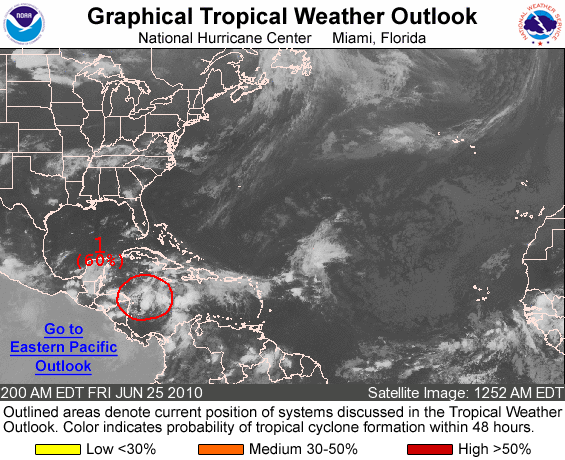
FOR THE NORTH ATLANTIC...CARIBBEAN SEA AND THE GULF OF MEXICO...

1. A BROAD AREA OF LOW PRESSURE IS CENTERED ABOUT 150 MILES EAST-NORTHEAST OF CABO GRACIAS A DIOS ON THE HONDURAS-NICARAGUA BORDER. THIS SYSTEM HAS CHANGED LITTLE IN ORGANIZATION DURING THE PAST SEVERAL HOURS. HOWEVER...UPPER-LEVEL WINDS ARE GRADUALLY BECOMING MORE CONDUCIVE FOR DEVELOPMENT AS THE LOW DRIFTS SLOWLY NORTHWESTWARD...AND THE SYSTEM COULD BECOME A TROPICAL DEPRESSION BEFORE IT REACHES THE YUCATAN PENINSULA IN A COUPLE OF DAYS. THERE IS A HIGH CHANCE...60 PERCENT...OF THIS SYSTEM BECOMING A TROPICAL CYCLONE DURING THE NEXT 48 HOURS.

ELSEWHERE...TROPICAL CYCLONE FORMATION IS NOT EXPECTED DURING THE NEXT 48 HOURS.

FORECASTER BEVEN